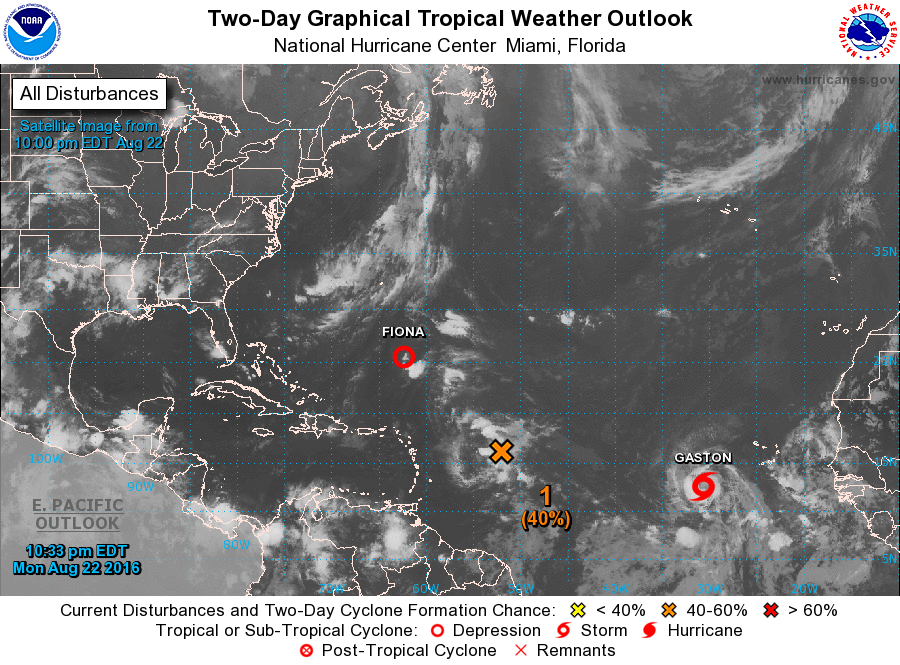
For the North Atlantic...Caribbean Sea and the Gulf of Mexico:

The National Hurricane Center is issuing advisories on Tropical Depression Fiona, located several hundred miles north-northeast of the Leeward Islands, and has initiated advisories on newly formed Tropical Depression Seven, located several hundred miles west-southwest of the Cabo Verde Islands.

1. A tropical wave located about 550 miles east of the Lesser Antilles continues to produce disorganized shower and thunderstorm activity. Conditions are marginally conducive for some gradual development during the next few days while the disturbance moves westward to west-northwestward at 15 to 20 mph. Environmental conditions could become more conducive for development late this week when the system is expected to move near Hispaniola and the southeastern and central Bahamas. An Air Force Reserve Hurricane Hunter aircraft is scheduled to investigate this system on Tuesday, if necessary. Interests in the Lesser Antilles, the Virgin Islands, and Puerto Rico should monitor the progress of this system.
* Formation chance through 48 hours...medium...40 percent
* Formation chance through 5 days...medium...60 percent

Public Advisories on Seven are issued under WMO header WTNT32 KNHC and under AWIPS header MIATCPAT2. Forecast/Advisories on Seven are issued under WMO header WTNT22 KNHC and under AWIPS header MIATCMAT2.

Forecaster Pasch